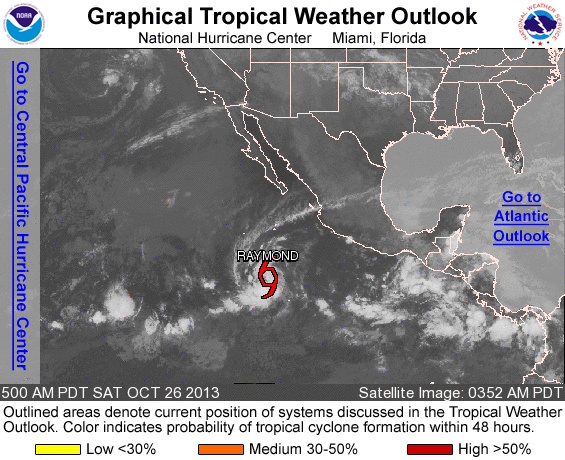
FOR THE EASTERN NORTH PACIFIC...EAST OF 140 DEGREES WEST LONGITUDE..

THE NATIONAL HURRICANE CENTER IS ISSUING ADVISORIES ON TROPICAL STORM RAYMOND...LOCATED SEVERAL HUNDRED MILES SOUTH OF THE SOUTHERN TIP OF BAJA CALIFORNIA.

TROPICAL CYCLONE FORMATION IS NOT EXPECTED DURING THE NEXT 48 HOURS.

OTHER SYSTEMS WITH FORMATION POTENTIAL BEYOND 48 HOURS...

AN AREA OF LOW PRESSURE COULD FORM SOUTH OF SOUTHERN MEXICO IN THE NEXT FEW DAYS. ENVIRONMENTAL CONDITIONS APPEAR TO BE CONDUCIVE FOR SOME SLOW DEVELOPMENT WHILE THE SYSTEM MOVES SLOWLY TOWARD THE WEST-NORTHWEST. THIS SYSTEM HAS A LOW CHANCE...NEAR 0 PERCENT...OF BECOMING A TROPICAL CYCLONE DURING THE NEXT 48 HOURS...AND A LOW CHANCE...20 PERCENT...OF BECOMING A TROPICAL CYCLONE DURING THE NEXT 5 DAYS.

&&
FIVE-DAY FORMATION PROBABILITIES ARE EXPERIMENTAL IN 2013. COMMENTS ON THE EXPERIMENTAL FORECASTS CAN BE PROVIDED AT...

HTTP://WWW.NWS.NOAA.GOV/SURVEY/NWS-SURVEY.PHP?CODE=ETWO

FORECASTER LANDSEA